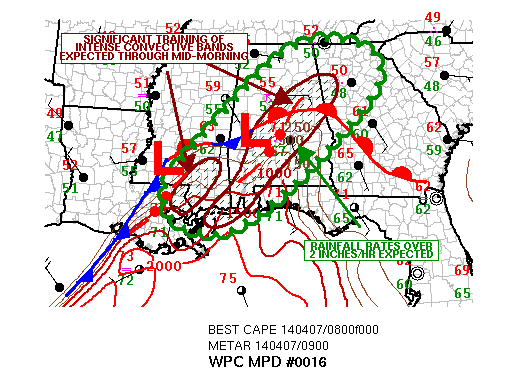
AREAS AFFECTED...SERN LA...CNTRL/SERN MS...AL...NWRN GA...EXTREME
WRN FL

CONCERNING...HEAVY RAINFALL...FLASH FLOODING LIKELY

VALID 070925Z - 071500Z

SUMMARY...LIFE-THREATENING FLASH FLOODING IS EXPECTED ACROSS THE
GULF COAST STATES THIS MORNING AS STRONG LINEAR BANDS OF TRAINING
CONVECTION AND CELL-MERGERS CONTINUE.

DISCUSSION...THE LATEST IR/WV SATELLITE IMAGERY CONTINUES TO SHOW
VERY DIFFLUENT FLOW ALOFT OVER THE GULF COAST STATES OUT AHEAD OF
A STRONG SRN STREAM UPPER TROUGH MOVING INTO THE LOWER AND MIDDLE
MS VLY REGION. A VERY WELL-DEFINED SUBTROPICAL JET COUPLED WITH A
PERSISTENTLY STRONG LOW LVL JET ON THE ORDER OF 50 TO 60 KTS IN
OFF THE GULF OF MEXICO AHEAD OF MULTIPLE WAVES OF SFC LOW PRESSURE
IS CONTRIBUTING TO PWATS ON THE ORDER OF 1.7 TO 1.9 INCHES ACROSS
SERN LA...CNTRL/SRN MS AND CNTRL/SRN AL AS PER LATEST GOES-SOUNDER
AND GPS-DERIVED DATA. A WARM FRONT CONTINUES TO GRADUALLY LIFT NWD
AND GIVEN VERY STRONG UPPER LVL JET DYNAMICS/DIFFLUENT FLOW ALOFT
IS CONTRIBUTING TO STRONG AND SUSTAINABLE DEEP LAYER ASCENT. THIS
COUPLED WITH A WELL-DEFINED FEED OF LOW LVL INSTABILITY OFF THE
GULF OF MEXICO WHERE MUCAPE VALUES OF 2000 J/KG ARE NOTED WILL
CONTINUE TO FOSTER ORGANIZED AND COLD-TOPPED CONVECTION WITH
LINEAR BANDING AND TRAINING ALONG WITH SEVERAL AREAS OF
CELL-MERGERS. NUMEROUS OVERSHOOTING DETECTIONS ARE NOTED IN LATEST
IR IMAGES OVER CNTRL AL NEAR A NUMBER OF CELL-MERGERS. GIVEN THE
NEARLY PARALLEL LOW/MID LVL FLOW RELATIVE TO THE ACTIVE AREAS OF
DEEP CONVECTION AND FRONTAL ZONE...A SIGNIFICANT THREAT OF
TRAINING CONVECTION WILL PERSIST AT LEAST UNTIL MID-MORNING WHEN A
COLD FRONT SHOULD BEGIN GRADUALLY SHIFTING THE CONVECTION FARTHER
EAST.

THE LATEST GUIDANCE SUPPORTS THE IDEA OF CONTINUED SW/NE ORIENTED
CONVECTION AND AFOREMENTIONED CONCERN FOR TRAINING AND
CELL-MERGERS. RAINFALL RATES HAVE BEEN REPORTED TO BE OVER 2
INCHES/HR...AND EXPECT NUMEROUS STORM TOTALS OF 4 TO 8 INCHES WITH
SOME AREAS POSSIBLY EXCEEDING 10 INCHES. LIFE-THREATENING FLASH
FLOODING IS EXPECTED AS A RESULT. WILL CONTINUE TO MONITOR.